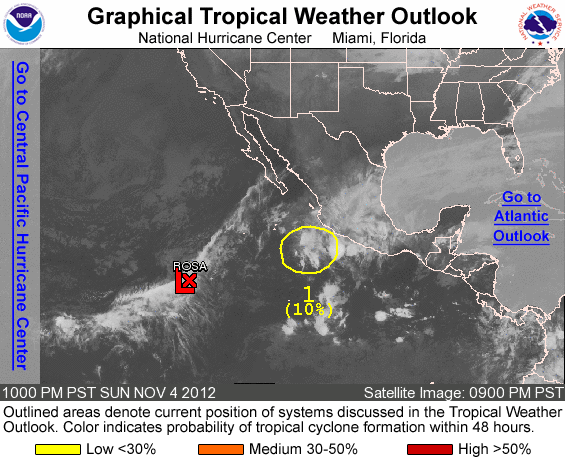
FOR THE EASTERN NORTH PACIFIC...EAST OF 140 DEGREES WEST LONGITUDE..

1. A WEAK AREA OF LOW PRESSURE LOCATED ABOUT 360 MILES SOUTHWEST OF MANZANILLO MEXICO IS PRODUCING DISORGANIZED CLOUDINESS AND THUNDERSTORMS. DEVELOPMENT IS NOT LIKELY DUE TO STRONG UPPER-LEVEL WINDS...AND THIS SYSTEM HAS A LOW CHANCE...10 PERCENT...OF BECOMING A TROPICAL CYCLONE DURING THE NEXT 48 HOURS AS IT MOVES SLOWLY NORTHWESTWARD. REGARDLESS OF DEVELOPMENT...LOCALLY HEAVY RAINFALL IS POSSIBLE ALONG PORTIONS OF THE SOUTHWEST COAST OF MEXICO DURING THE NEXT DAY OR SO.

ELSEWHERE...TROPICAL CYCLONE FORMATION IS NOT EXPECTED DURING THE NEXT 48 HOURS.

FORECASTER PASCH